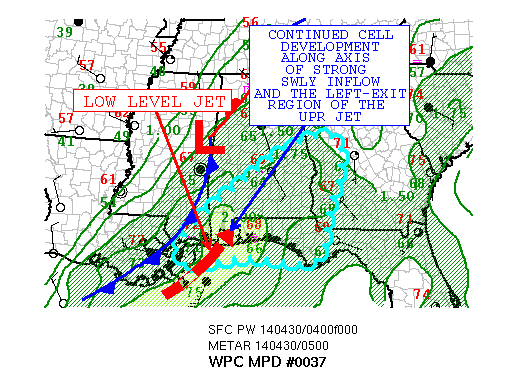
AREAS AFFECTED...SOUTHERN MS...SOUTHERN AL...FL
PANHANDLE...SOUTHWESTERN GA

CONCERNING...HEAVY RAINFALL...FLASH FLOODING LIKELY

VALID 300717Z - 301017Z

SUMMARY...THREAT FOR HEAVY TO EXCESSIVE RAINS IS EXPECTED TO
PERSIST OVER THE NEXT SEVERAL HOURS ACROSS PORTIONS OF SOUTHERN MS
AND AL...THE FLORIDA PANHANDLE AND SOUTHWEST GA AS THUNDERSTORMS
CONTINUE TO REDEVELOP AND TRACK TO THE NORTHEAST OVER THE SAME
AREAS IN RESPONSE TO STRONG SOUTHWESTERLY FLOW OUT OF THE CENTRAL
GULF AND LEFT-EXIT REGION UPPER JET DYNAMICS.

DISCUSSION...SATELLITE IMAGERY CONTINUES TO SHOW THE CORE OF VERY
COLD OVERSHOOTING TOPS DRIFTING EAST...ALONG WITH HIGH RADAR
REFLECTIVITIES...ACROSS THE FL PANHANDLE.  HOWEVER...SATELLITE AND
RADAR ALSO SHOW THE REDEVELOPMENT OF CELLS BACK TO THE WEST NEAR
THE MOUTH OF THE MS RIVER INTO SOUTHERN MS AND AL AND THE FAR
WESTERN FL PANHANDLE.  SUPPORTED BY PERSISTENT SOUTHWESTERLY
INFLOW AHEAD OF A SLOW MOVING FRONTAL BAND...PWS HAVE CONTINUED TO
CLIMB ACROSS THIS REGION.  LATEST MESOANALYSIS INDICATES A POOL OF
2+ INCH PWS CENTERED ACROSS THE REGION.  MEANWHILE...ENHANCED
UPPER DIVERGENCE ALONG THE LEFT-EXIT REGION OF THE SUBTROPICAL JET
WILL ADD ADDITIONAL SUPPORT FOR DEVELOPING CELLS ACROSS THIS
REGION.

WHILE THEY DIFFER ON THE EXACT PLACEMENT OF THE HEAVIEST
AMOUNTS...MANY OF THE HI-RES MODELS SUPPORT ADDITIONAL AMOUNTS OF
3 TO 5 INCHES OVER THE NEXT FEW HOURS. THIS MAY OCCUR ON TOP OF
THE 9-14 INCHES ALREADY RECEIVED IN THE PAST 12 HOURS ACROSS
PORTIONS OF THE FAR WESTERN FL PANHANDLE AND SOUTHERN AL.